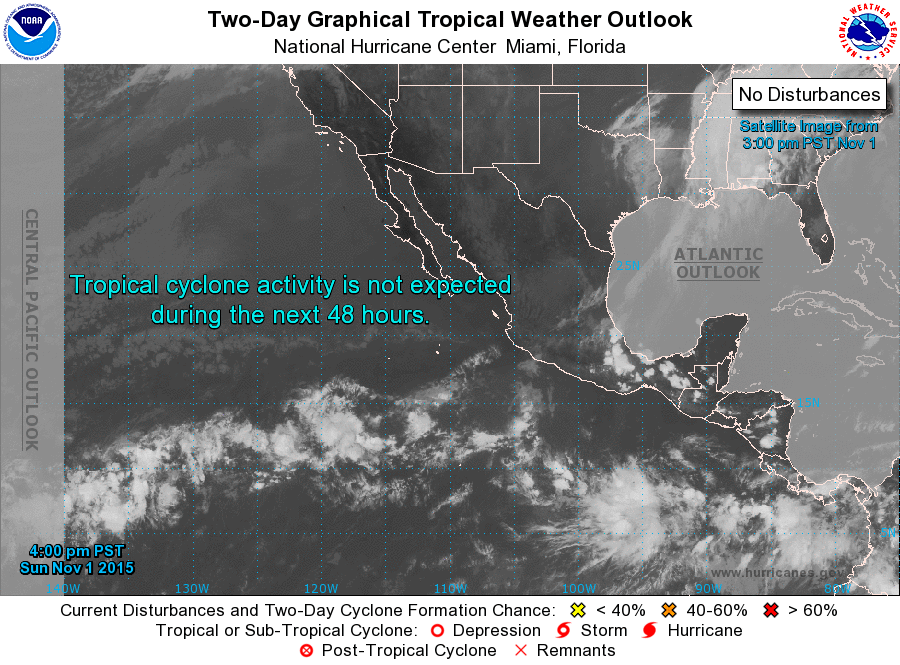
For the eastern North Pacific...east of 140 degrees west longitude:

Tropical cyclone formation is not expected during the next 5 days.

Forecaster Brown